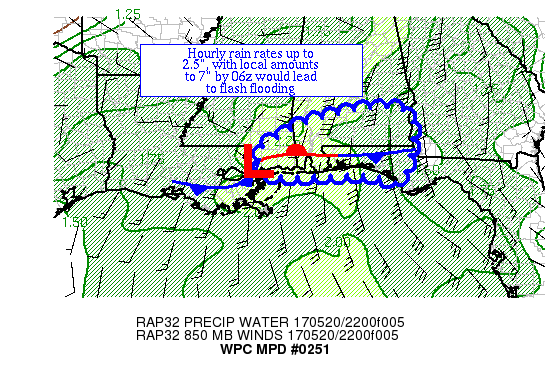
AREAS AFFECTED...CENTRAL GULF COAST

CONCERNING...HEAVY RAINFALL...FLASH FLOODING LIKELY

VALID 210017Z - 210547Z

SUMMARY...A MESOSCALE WAVE ENTERING SOUTHERN MS IS CAUSING A
FAIRLY LONG TRAINING BAND TO FORM INLAND OF THE CENTRAL GULF
COAST.  WITH HOURLY RAIN RATES UP TO 2.5", AND LOCAL AMOUNTS OF
5-7", FLASH FLOODING IS CONSIDERED LIKELY.

DISCUSSION...INSTABILITY ACROSS CENTRAL MS AND CENTRAL AL HAS
ERODED DUE TO HOURS OF CONVECTIVE ACTIVITY.  THIS HAS CAUSED AN
INSTABILITY GRADIENT/OUTFLOW BOUNDARY TO SET UP WITHIN A FEW
COUNTIES OF THE COASTLINE, AND A FAIRLY LONG TRAINING BAND APPEARS
TO BE SETTING UP IN ADVANCE OF A MESOSCALE WAVE ENTERING
SOUTHERNMOST MS.  PRECIPITABLE WATER VALUES OF 2-2.25" LIE ACROSS
THE REGION.  INFLOW AT 850 HPA CONVERGENT AT 20-30 KTS PER VAD
WIND PROFILES, IN EXCESS OF THE MEAN 850-400 HPA WIND.  BULK SHEAR
IN THE 0-6 KM LAYER IS 25-40 KTS.

THE EXPECTATION IS FOR INFLOW TO INCREASE SLIGHTLY MORE OVER THE
NEXT SEVERAL HOURS AS THE WAVE ADVANCES EASTWARD AT ~25 KTS.  IT
IS POSSIBLE THAT A HIGHLY EFFICIENT MCS FORMS IN THIS REGION
WITHIN THE NEXT FEW HOURS.  THE MESOSCALE GUIDANCE THAT APPEARS
BEST PLACED HERE ARE THE 22Z HRRR, 18Z NAM CONEST, AND 18Z HRRR
EXPERIMENTAL RUNS.  DESPITE POOR PLACEMENT, THERE IS NEAR
UNIVERSAL AGREEMENT ON LOCAL AMOUNTS OF 5-7" IN THIS REGION.
AVAILABLE MOISTURE SUPPORTS HOURLY RAIN RATES UP TO 2.5", WHICH
COULD BE EVEN HIGHER WITHIN A LONG TRAINING BAND OR WITHIN ANY MCS
WHICH EVOLVES FROM THIS SYSTEM.  CONSIDERING THE RAIN THAT HAS
OCCURRED SO FAR AND THE URBAN AREAS POTENTIALLY AFFECTED, FLASH
FLOODING IS CONSIDERED LIKELY.